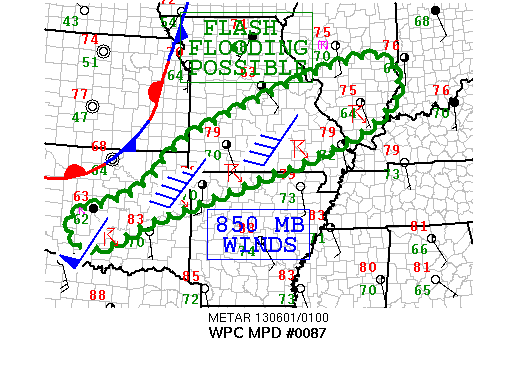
AREAS AFFECTED......EASTERN OKLAHOMA ACROSS SOUTHERN
MO...NORTHWEST AR...AND SOUTHERN IL...

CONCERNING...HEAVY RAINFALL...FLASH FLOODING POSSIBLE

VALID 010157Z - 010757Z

SUMMARY...BANDS AND SEGMENTS OF HEAVY SHOWERS AND TRAINING STORMS
WITH A RISK OF FLASH FLOODING WILL MOVE ACROSS EASTERN OKLAHOMA
AND SOUTHERN  MISSOURI INTO SOUTHERN IL.

DISCUSSION...THUNDERSTORMS CONTINUE TO STREAM EAST NORTHEAST
ACROSS SOUTH CENTRAL MO INTO SOUTHERN IL WITH MORE OF AN EAST
SOUTHEAST MOTION IN THE OK PORTION OF THE AREA.

WINDS FIELDS ARE SUPPORTIVE OF FORWARD MOTION AS NEAR SFC
SOUTHERLY WINDS VEER TO SOUTHWEST AT 850 MB.  ADDITIONAL
DEVELOPMENT IS EXPECTED ALONG OUTFLOW BOUNDARIES TOWARDS THE MOIST
SOUTHERLY INFLOW WITH CORFIDI VECTORS FROM THE 18Z NAM POINTING
FROM NORTHWEST TO SOUTHEAST IN OK AND NORTHWEST AR SUPPORTING
MOTION TOWARDS THE SOUTHEAST.

REDEVELOPMENT SHOULD CONTINUE AS SURFACE LOWER 70S DEWPOINTS AND
PRECIPITABLE WATER VALUES OF  1.5-1.75 INCHES...AND 700-500 MB
LAPSE RATES NEAR 8 DEG C/KM AID STORM DEVELOPMENT.

THE ECMWF ALSO SHOWS A 300 MB JET MAXIMA AND ASSOCIATED DIVERGENCE
MAXIMA MOVING FROM OK ACROSS MO TO ASSIST IN PRODUCING ASCENT.
ALSO...THE 12Z ECMWF/18Z NAM SHOW A SEPARATE 700 MB SHORTWAVE
ROTATING TOWARDS THE BASE OF THE TROUGH LATER TONIGHT...AIDING
DEVELOPMENT OF NEW  ACTIVITY OVER EASTERN OK AND SPREADING
DOWNSTREAM FROM THERE INTO NORTHWEST AR.

THE ACTIVITY OVER THE NEXT SEVERAL HOURS ARE STILL NORTH OF THE
MINIMUM IN THE FLASH FLOOD GUIDANCE VALUES FURTHER SOUTH IN IN
AR...WHERE ACTIVITY SHOULD OCCUR LATER TONIGHT OR EARLY SAT. 1-2
INCHES OF RAIN PER HOUR IS EXPECTED WITH FLOODING POSSIBLE WHERE
LOCAL TRAINING ALLOWS ACTIVITY TO LAST A COUPLE OF HOURS.